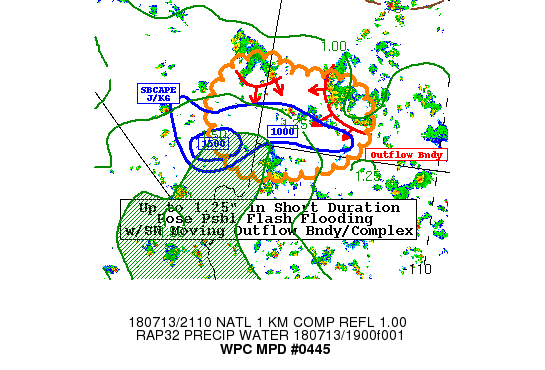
AREAS AFFECTED...SOUTHWEST UT...SOUTHEAST NV...EXT NORTHWEST AZ

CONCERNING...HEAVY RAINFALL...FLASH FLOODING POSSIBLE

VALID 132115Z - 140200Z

SUMMARY...DEVELOPMENT OF SLOW MOVING COMPLEX.

DISCUSSION...ICX RADAR DEPICTS CLUSTER OF CELLS IN NW GARFIELD
COUNTY HAS LAID DOWN A SOLID OUTFLOW BOUNDARY THAT APPEARS TO BE
SPARKING NEW DEVELOPMENT WITH BROADER/STRONGER UPDRAFTS.  SFC
OBSERVATIONS AND RAP ANALYSIS DEPICT A NARROW RIBBON OF MST POOLED
THROUGH THE VIRGIN RIVER VALLEY WITH SBCAPES TO 1500 J/KG ACROSS
SW UT.  PROPAGATION VECTORS WILL SUPPORT SLOW SOUTH AND
SOUTHWESTWARD PROGRESS TOWARD THE BETTER INSTABILITY THROUGH THE
EVENING.  OVERALL MOISTURE IS REDUCING WITH TIME BUT STILL IS
ANALYZED IN THE 1.25-1.5" RANGE SUPPORTING EFFICIENT RAINFALL
PROCESSES AND RATES UP TO 1.5"/HR WITH LOCALIZED TOTALS OF 1-1.25"
POSSIBLE AS UPDRAFTS WILL REMAIN STATIONARY GIVEN MEAN FLOW EVEN
AS THE OUTFLOW PRESSES SOUTHEAST WITH THE MAJORITY OF THE RAINFALL
FALLING IN LESS THAN AN HOUR.  AS SUCH FLASH FLOODING IS POSSIBLE
ALONG AND SOUTH OF THE TRACK.

OTHER CELLS IN THE CLOVER MOUNTAINS WILL SUPPORT SOUTHWARD OUTFLOW
BOUNDARY/NEW DEVELOPMENT AS WELL WITH THE POTENTIAL OF CELL
MERGERS INCREASING THE LOCALIZED THREAT FOR FLASH FLOODING AT THE
COLLISION INTERSECTIONS.